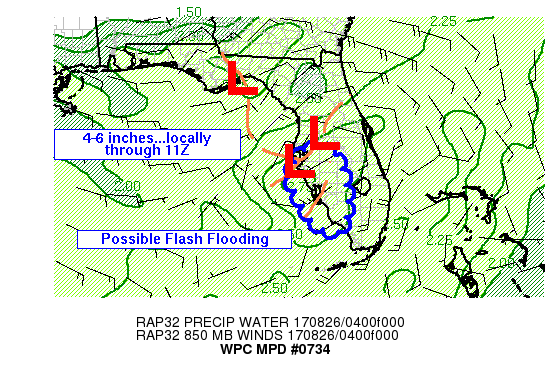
AREAS AFFECTED...CNTRL TO SWRN FL PENINSULA

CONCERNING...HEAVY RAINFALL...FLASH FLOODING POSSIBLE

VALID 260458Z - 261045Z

SUMMARY...LOCALLY HEAVY RAINFALL IS EXPECTED TO CONTINUE THROUGH
THE MORNING ALONG THE CENTRAL TO SOUTHWESTERN FLORIDA PENINSULA.
RAINFALL RATE POTENTIAL OF 3 IN/HR ALONG WITH TRAINING COULD LEAD
TO LOCALIZED FLASH FLOODING.

DISCUSSION...A 04Z MESOSCALE SURFACE ANALYSIS REVEALED AT LEAST 3
AREAS OF LOW PRESSURE IN WESTERN FLORIDA WITH THE MAIN ONE
SITUATED OVER TAMPA BAY ALONG WITH SEVERAL LOW LEVEL CONVERGENCE
AXES. EXPERIMENTAL GOES 16 INFRARED IMAGERY HAS SHOWN THE COLDEST
CLOUD TOPS PERSISTENTLY ALONG THE COAST OR JUST OFFSHORE BETWEEN
TAMPA BAY AND CHARLOTTE HARBOR OVER THE PAST 1-2 HOURS. ZOOMING IN
WITH KTBW RADAR DATA REVEALS THE HEAVIEST RAINFALL RATES IN THESE
AREAS...2-3 IN/HR...HAS BEEN TIED TO TRANSIENT MESO-VORTICES
MEANDERING OFFSHORE TO ALONG THE CENTRAL AND SOUTHWESTERN COAST OF
FLORIDA WHERE BETTER NEAR-SURFACED BASED INSTABILITY IS PRESENT.

THE SURFACE LOW OVER TAMPA BAY HAS BEEN CONSISTENTLY FORECAST BY
RECENT RUNS OF THE RAP TO REMAIN NEARLY STATIONARY THROUGH 12Z
WHILE A SUBTLE INCREASE IN 850 MB WIND SPEEDS DEVELOPS BY 10Z
SOMEWHERE BETWEEN TAMPA BAY AND CHARLOTTE HARBOR. THESE LOCATIONS
DOWN TO COLLIER COUNTY ARE WHERE 2-6 INCHES OF RAIN HAS FALLEN
OVER THE PAST 24 HOURS. THE STRONGER 850 MB FLOW COMBINED WITH
WEAK SOUTHWESTERLY STEERING FLOW SHOULD ALLOW FOR ONE OR TWO
LOCATIONS NEAR THE COAST TO SEE TRAINING HEAVY RAINFALL WITH
RAINFALL RATES POSSIBLY EXCEEDING 3 IN/HR GIVEN PRECIPITABLE WATER
VALUES OVER 2.25 INCHES AND LOCALLY HIGHER INSTABILITY JUST
OFFSHORE AND ALONG THE COAST. GIVEN ANTECEDENT CONDITIONS AND
EXPECTED ADDITIONAL RAINFALL TOTALS UP TO 4-6
INCHES...LOCALLY...FLASH FLOODING WILL BE POSSIBLE.